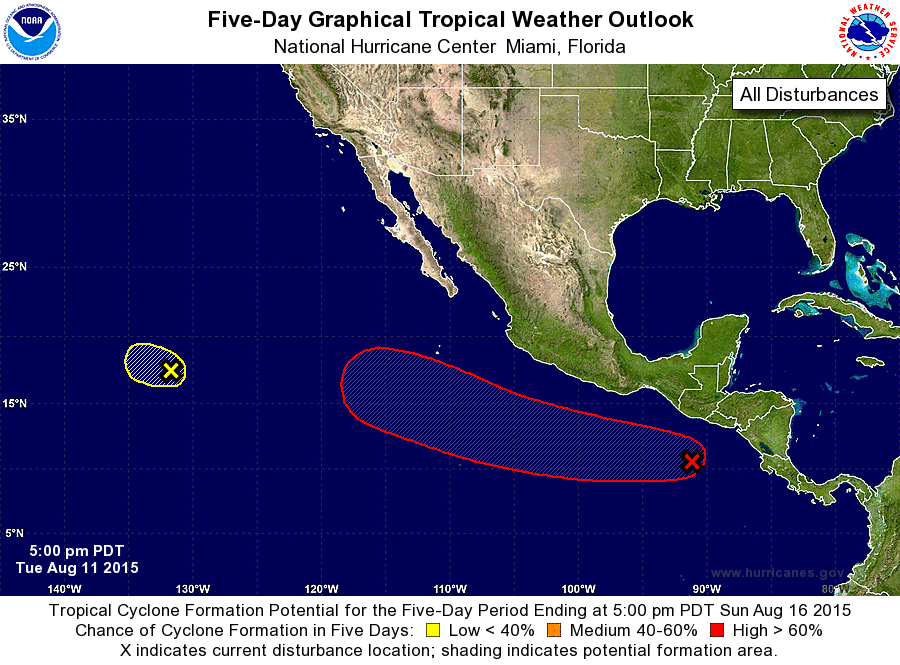
For the eastern North Pacific...east of 140 degrees west longitude:

1. Shower and thunderstorm activity has become less organized this afternoon in association with an area of low pressure located about 1450 miles west-southwest of the southern tip of the Baja California peninsula. Some development of this system is still possible overnight before environmental conditions become unfavorable later on Wednesday while the low moves westward at around 10 mph.
* Formation chance through 48 hours...low...30 percent
* Formation chance through 5 days...low...30 percent

2. A tropical wave located south of the coast of Guatemala is producing disorganized cloudiness and showers. An area of low pressure is forecast to form in association with this wave in a couple of days a few hundred miles south-southwest of the coast of Mexico. Environmental conditions should support development later this week, and the system is likely to become a tropical depression by Sunday while it moves west-northwestward at about 15 mph.
* Formation chance through 48 hours...low...10 percent
* Formation chance through 5 days...high...80 percent

Forecaster Blake